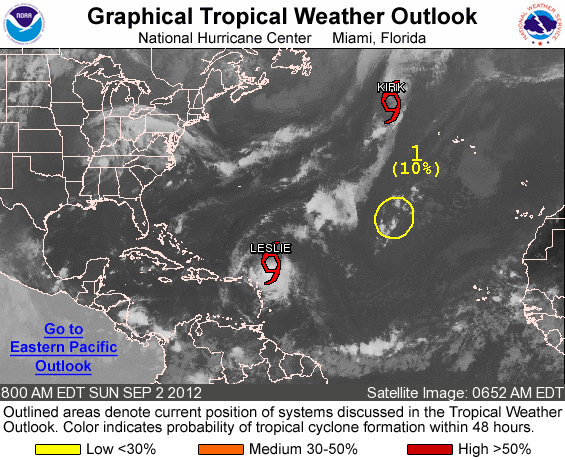
FOR THE NORTH ATLANTIC...CARIBBEAN SEA AND THE GULF OF MEXICO...

THE NATIONAL HURRICANE CENTER IS ISSUING ADVISORIES ON TROPICAL STORM KIRK...LOCATED ABOUT 740 MILES NORTHWEST OF THE AZORES ISLANDS...AND ON TROPICAL STORM LESLIE...LOCATED ABOUT 295 MILES NORTH-NORTHEAST OF THE LEEWARD ISLANDS.

1. A SURFACE TROUGH INTERACTING WITH AN UPPER-LEVEL LOW IS PRODUCING AN AREA OF DISORGANIZED SHOWERS AND THUNDERSTORMS ABOUT 1125 MILES NORTHWEST OF THE CAPE VERDE ISLANDS. DEVELOPMENT...IF ANY...OF THIS SYSTEM SHOULD BE SLOW TO OCCUR...AND THIS AREA OF DISTURBED WEATHER HAS A LOW CHANCE...10 PERCENT...OF BECOMING A TROPICAL CYCLONE DURING THE NEXT 48 HOURS.

ELSEWHERE...TROPICAL CYCLONE FORMATION IS NOT EXPECTED DURING THE NEXT 48 HOURS.

FORECASTER BROWN